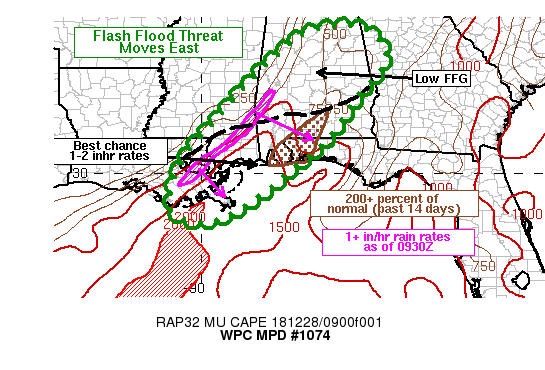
Areas affected...far southeastern LA, southern MS into southwest
AL and far western FL

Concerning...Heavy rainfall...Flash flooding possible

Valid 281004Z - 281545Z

Summary...Local 2-4 inch rainfall totals expected through 16Z
along with possible flash flooding for portions of the central
Gulf Coast into central AL. Flash flooding will be possible given
wet antecedent conditions.

Discussion...As of 0930Z, heavy rain continued to fall from near
Lake Ponchartrain into central AL with a southwest to northeast
oriented axis of 1-2 in/hr rainfall rates located at the leading
edge of the rainfall swath. The heaviest rain has begun to shift
east over the past 60 minutes partially in response to a shortwave
seen on water vapor imagery translating east into western AR and
far eastern TX as of 0930Z. Flow aloft remains strongly diffluent
over all areas but instability remains best to the south of a
HDC-MGM-VPS line with MLCAPE estimated to be in the 500-1000+ J/kg
range.

As the AR/TX shortwave continues to advance northeastward through
18Z, mid-level height falls should allow steady movement of the
heavy rainfall axis across northern AL but nearly neutral height
falls over the central Gulf Coast may slow eastward movement of
the heavy rainfall axis. While a general movement of the
convergent low levels / leading edge of heavy rainfall is
expected, unidirectional flow favors training segments that may
develop just ahead of the line which may overlap with Baldwin,
Escambia, Santa Rosa and neighboring counties along the central
Gulf Coast which received 3-6 inches of rain within the past 2
weeks. Farther north of the better instability, heavy rainfall
over the past 24 hours has lowered Flash Flood Guidance values
near or below 1 inch in 3 hours which could be surpassed in a few
locations through 16Z despite the weak available instability
(central AL). The flash flood threat appears to have diminished
relative to earlier in the night but will remain a concern heading
through the morning hours for portions of the central Gulf Coast.